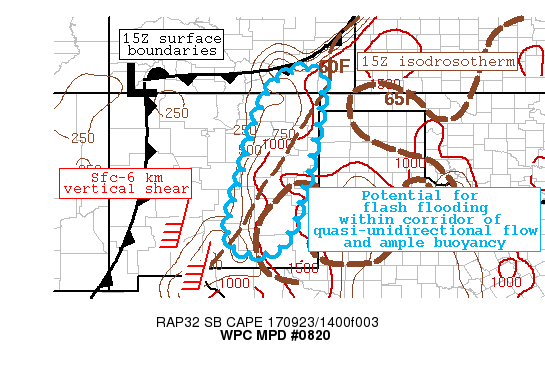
AREAS AFFECTED...EASTERN NM/FAR SOUTHEASTERN CO...

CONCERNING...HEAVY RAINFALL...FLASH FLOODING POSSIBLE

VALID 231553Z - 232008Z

SUMMARY...EARLY MORNING CONVECTION CONTINUES TO ERUPT ALONG A
SHARP MOISTURE GRADIENT ALONG THE SOUTHERN HIGH PLAINS. AMPLE
SURFACE INSTABILITY ACROSS THE REGION HAS SUPPORTED THE
MAINTENANCE OF THESE CONVECTIVE CLUSTERS. GIVEN
QUASI-UNIDIRECTIONAL FLOW...A THREAT FOR FLASH FLOODING WILL BE
POSSIBLE.

DISCUSSION...NATIONAL MOSAIC RADAR IMAGERY SHOWED A BROAD AXIS OF
CONVECTION LIFTING NORTHWARD ACROSS EAST-CENTRAL NM INTO
SOUTHEASTERN CO. UNFORTUNATELY THE PUEBLO CO RADAR IS CURRENTLY
DOWN SO REMAINED MORE RELIANT ON SATELLITE TRENDS. THE
EXPERIMENTAL GOES-16 IMAGERY DEPICTED EXTENSIVE CLOUD COVER ACROSS
MUCH OF EASTERN NM ALTHOUGH ENOUGH INSOLATION HAS FOSTERED THE
GROWTH OF NUMEROUS EMBEDDED CONVECTIVE CLUSTERS. THE 15Z RAP
OBJECTIVE ANALYSIS SUGGESTED SURFACE-BASED INSTABILITY VALUES
AROUND 1500 TO 2500 J/KG ACROSS THE MPD AREA. WHILE ON THE DRIER
SIDE OF THE MOISTURE GRADIENT...THE 12Z ABQ SOUNDING DEPICTED SOME
FEATURES OF NOTE. MODESTLY STEEP LAPSE RATES WERE EVIDENT...ON THE
ORDER OF 7.5 C/KM WITH DEEP QUASI-UNIDIRECTIONAL FLOW IN PLACE.
WHILE A 200-MB PLUS DRY SUB-CLOUD LAYER WAS VISIBLE...THIS WAS
OCCURRING WEST OF THE BETTER MOISTURE FLUXES. EXPECT NORTH/SOUTH
TRAINING TO REMAIN A POTENTIAL ISSUE AS THE ACTIVITY SHOULD BECOME
BETTER DEFINED WITHIN A HIGHLY DIFFLUENT UPPER PATTERN IN ADVANCE
OF A DEEP TROUGH ANCHORING THE SOUTHWESTERN U.S. GIVEN ONLY LITTLE
EASTWARD PROGRESSION EXPECTED IN THE LONGWAVE PATTERN...THE
FAVORABLE SETUP FOR HEAVY PRECIPITATION SHOULD REMAIN LOCKED IN
PLACE ACROSS EASTERN NM THROUGH AT LEAST THE AFTERNOON HOURS.

RECENT CONVECTIVE-ALLOWING MODEL OUTPUT SHOWS A FAIRLY DEFINED
SIGNAL OF HEAVY RAINFALL ACROSS EASTERN NM. WHILE NO ONE SOLUTION
IS PERFORMING BETTER THAN THE OTHER...GENERAL AGREEMENT EXISTS IN
ADDITIONAL UPSTREAM DEVELOPMENT STREAMING NORTHWARD THROUGH
REGIONS CURRENTLY PRECIPITATING. THE LONG DURATION OF THIS SET UP
SUPPORTS A FLASH FLOOD RISK...PARTICULARLY IN REGIONS OF COMPLEX
TERRAIN WHERE RUN-OFF MAY BE AN ISSUE.